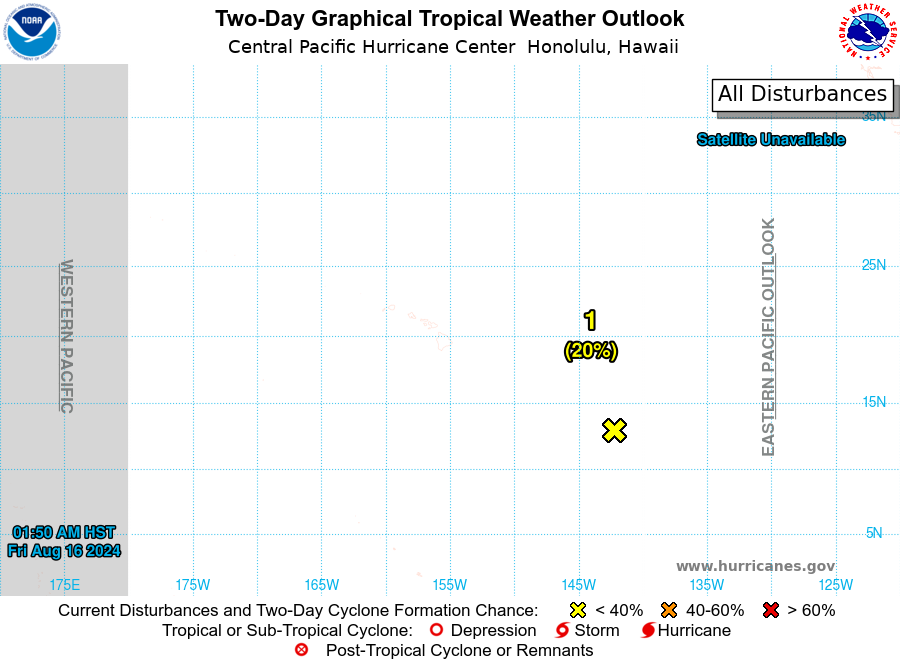
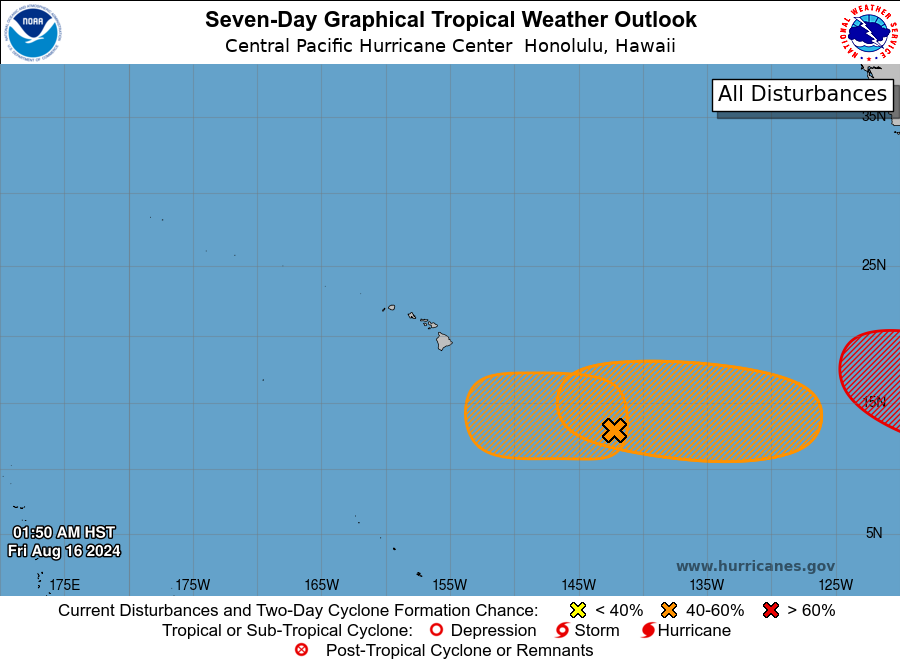
For the central North Pacific...between 140W and 180W:

1. Approximately 1050 miles east-southeast of Hilo, Hawaii: Disorganized showers and thunderstorms are associated with a broad area of low pressure. Environmental conditions appear marginally conducive for some development of this system this weekend or early next week while moving west-northwestward at about 10 mph.
* Formation chance through 48 hours...low...20 percent.
* Formation chance through 7 days...medium...50 percent.

2. Approximately 1450 miles southeast of Hilo, Hawaii: A broad area of low pressure could form by this weekend well to the west-southwest of the southern tip of the Baja California peninsula. Some slow development of this system is possible during the early and middle parts of next week while it moves generally westward across the western portion of the East Pacific and into the Central Pacific basin.
* Formation chance through 48 hours...low...near 0 percent.
* Formation chance through 7 days...medium...40 percent.

Elsewhere, no tropical cyclones are expected during the next 7 days.

Forecaster M Ballard